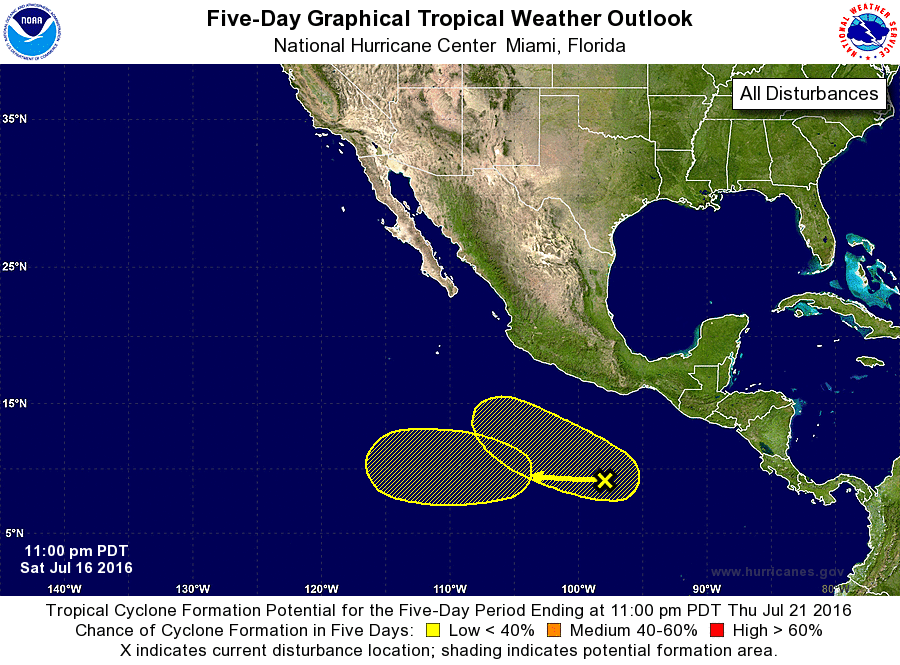
For the eastern North Pacific...east of 140 degrees west longitude:

The National Hurricane Center is issuing advisories on Hurricane Darby, located a little more than 1000 miles west-southwest of the southern tip of the Baja California peninsula, and on Tropical Storm Estelle, located about 450 miles west-southwest of Manzanillo, Mexico.

1. An area of disturbed weather is located several hundred miles south of Acapulco, Mexico. A broad area of low pressure is expected to form over the next few days, and some gradual development is possible later this week while this system moves westward at about 10 mph.
* Formation chance through 48 hours...low...near 0 percent
* Formation chance through 5 days...low...20 percent

2. Another area of low pressure is likely to form in a few days south of Mexico to the east of the disturbance detailed above. Some gradual development of this system is possible by the middle of the week while it moves west-northwestward at about 10 mph.
* Formation chance through 48 hours...low...near 0 percent
* Formation chance through 5 days...low...20 percent

Forecaster Cangialosi